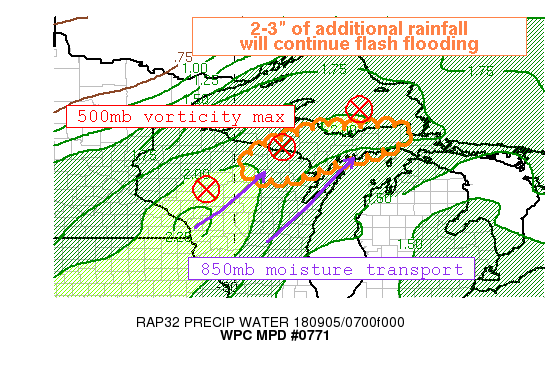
Areas affected...Northern Wisconsin into the U.P of Michigan

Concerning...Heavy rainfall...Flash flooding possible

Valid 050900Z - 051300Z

Summary...Continued periods of showers and thunderstorms will
produce 2-3" of rainfall through mid morning. This will occur on
top of already saturated soils, continuing the potential for flash
flooding.

Discussion...An organized area of showers and thunderstorms
evident on regional radar mosaic is continuing to shift northeast
this morning ahead of a vorticity maximum and wave of low pressure
entering SW Wisconsin. Although cloud tops have warmed on the
latest GOES-16 IR imagery, a large area of cool tops coincident
with strongest convection will continue to lift NE through
northern WI and through the U.P. of MI. This is associated with a
500mb vorticity maxima which will eject NE through the morning
continuing the potential for heavy rainfall.

Diffluence aloft continues to drive strong lift as the southern
edge of a 70kt 250mb jet noses into the U.P. This will combine
with PVA ahead of the vorticity max, strong 925-850mb FGEN, and
WAA on a 30-40 kt 850mb LLJ to further enhance omega across the
region. This deep column lift is occurring in an airmass
characterized by PWATs analyzed on the latest RAP to be 1.8 to 2.0
inches which is above record values for the date at APX.

Latest hourly rainfall rates across the U.P. have been around 1 to
1.5 inches per hour according to KMQT WSR-88D, with weaker rain
rates observed across Wisconsin. The rainfall through the next
several hours is not expected to be as extreme as noted upstream
earlier tonight, but high-res guidance has a strong signal for an
additional 2-3" of rainfall. This will occur on top of soils that
have already received significant rainfall earlier tonight, and
may prolong ongoing flash flooding across the area.